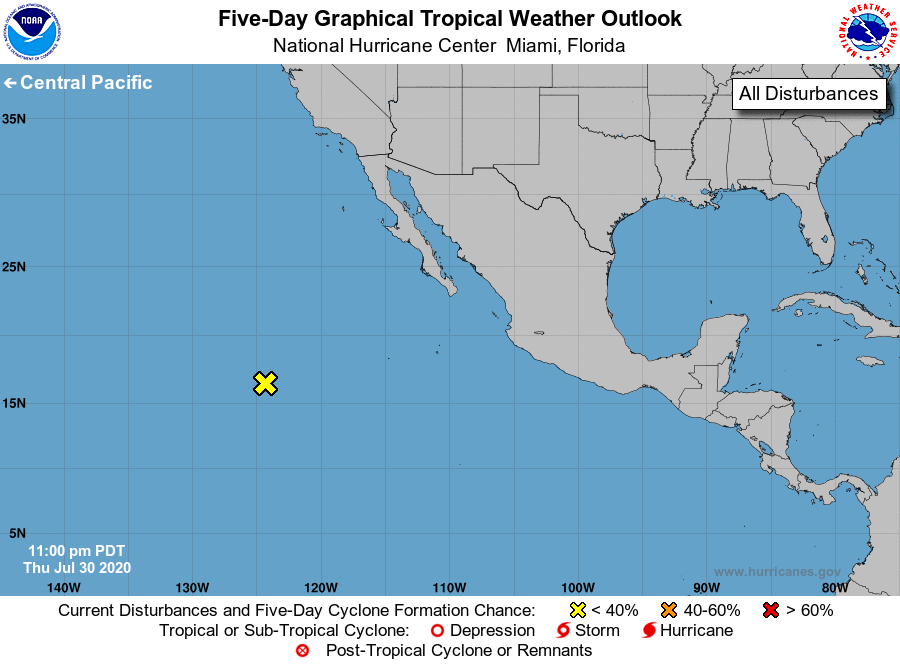
For the eastern North Pacific...east of 140 degrees west longitude:

1. Shower activity is limited in association with a weak area of low pressure located about a thousand miles west-southwest of the southern tip of the Baja California peninsula. This system is expected to move into unfavorable environmental conditions by late Friday, and development is not expected.
* Formation chance through 48 hours...low...near 0 percent.
* Formation chance through 5 days...low...near 0 percent.

Forecaster Cangialosi